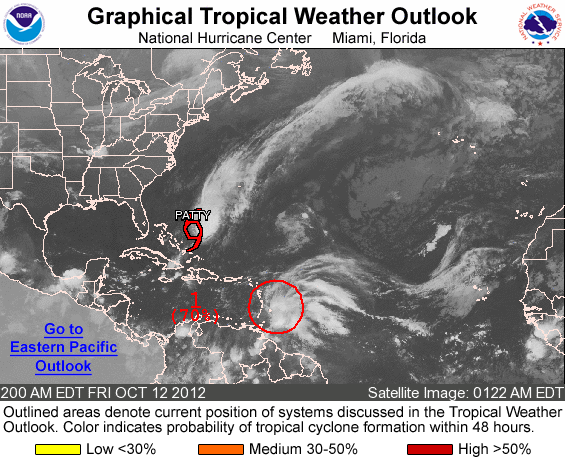
FOR THE NORTH ATLANTIC...CARIBBEAN SEA AND THE GULF OF MEXICO...

THE NATIONAL HURRICANE CENTER IS ISSUING ADVISORIES ON TROPICAL STORM PATTY...LOCATED ABOUT 260 MILES NORTHEAST OF THE CENTRAL BAHAMAS.

1. DATA FROM THE BARBADOS WEATHER SERVICE RADAR...SURFACE OBSERVATIONS...AND SATELLITES INDICATE THAT THE LOW PRESSURE SYSTEM NOW LOCATED ABOUT 30 MILES EAST-SOUTHEAST OF SAINT LUCIA HAS CHANGED LITTLE IN ORGANIZATION DURING THE PAST SEVERAL HOURS. EVEN THOUGH UPPER-LEVEL WINDS ARE ONLY MARGINALLY FAVORABLE...SLOW DEVELOPMENT OF THIS DISTURBANCE IS POSSIBLE DURING THE NEXT DAY OR TWO. THIS SYSTEM HAS A HIGH CHANCE...70 PERCENT...OF BECOMING A TROPICAL CYCLONE DURING THE NEXT 48 HOURS AS IT MOVES NORTHWESTWARD OR NORTH-NORTHWESTWARD AT 10 TO 15 MPH. REGARDLESS OF DEVELOPMENT...STRONG GUSTY WINDS AND LOCALLY HEAVY RAINFALL ARE POSSIBLE ACROSS PORTIONS OF THE LESSER ANTILLES DURING THE NEXT COUPLE OF DAYS. AN AIR FORCE RESERVE HURRICANE HUNTER AIRCRAFT IS SCHEDULED TO INVESTIGATE THIS SYSTEM THIS AFTERNOON.

ELSEWHERE...TROPICAL CYCLONE FORMATION IS NOT EXPECTED DURING THE NEXT 48 HOURS.

&&
PUBLIC ADVISORIES ON TROPICAL STORM PATTY ARE ISSUED UNDER WMO HEADER WTNT31 KNHC AND UNDER AWIPS HEADER MIATCPAT1. FORECAST/ADVISORIES ON PATTY ARE ISSUED UNDER WMO HEADER WTNT21 KNHC AND UNDER AWIPS HEADER MIATCMAT1.

FORECASTER KIMBERLAIN